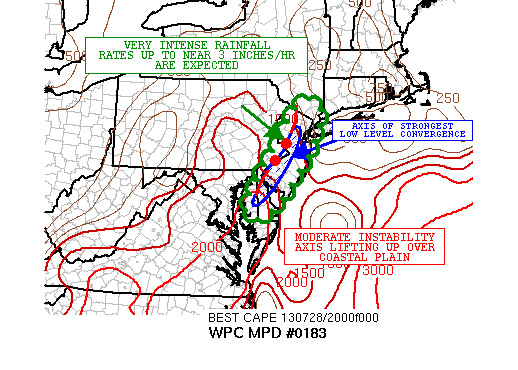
AREAS AFFECTED...EXTREME EASTERN MD...EXTREME SOUTHEASTERN
PA...DE...NJ...SOUTHEAST NY

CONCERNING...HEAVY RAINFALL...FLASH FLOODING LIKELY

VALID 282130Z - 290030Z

SUMMARY...SLOW-MOVING LINEAR CONVECTIVE BAND WITH EMBEDDED
BACK-BUILDING CELLS WILL LIKELY CONTINUE THE NEXT COUPLE OF HOURS.
INTENSE RAINFALL RATES WILL BE CONDUCIVE FOR SHORT-TERM FLASH
FLOODING.

DISCUSSION...LATEST SAT/RADAR IMAGERY SHOWS A SSW/NNE ORIENTED
BAND OF CONVECTION SITUATED FROM NRN DE AND THE ADJACENT DELAWARE
RIVER UP ACROSS NRN NJ AND ENCROACHING ON FAR SERN NY. CLOUD TOP
TEMPS WITH ESP THE NRN PORTION OF THIS BAND HAVE BEEN GRADUALLY
COOLING...AND THERE IS A RATHER WELL-DEFINED OVERSHOOTING TOP WEST
OF SOMERSET NJ OF NOTE OVER THE LAST 30 MINUTES. MUCH OF THIS
APPEARS TO BE IN RESPONSE TO LARGER SCALE HEIGHT FALLS APPROACHING
FROM THE OH VLY AND INTERACTING WITH A FAIRLY WELL-DEFINED LOW
LEVEL CONVERGENCE ZONE OVER MUCH OF WRN NJ AND EXTENDING SOUTH
DOWN INTO NRN DE AND EVEN FAR ERN MD. ADDITIONALLY...THE LATEST
RAP ANALYSIS SHOWS A MODERATELY STRONG INSTABILITY AXIS INVOF THE
AXIS OF STRONGEST LOW LEVEL CONVERGENCE...WITH SBCAPE VALUES CLOSE
TO 2000 J/KG LOCALLY.

FARTHER SOUTH...CONVECTION CONTINUES TO RELOAD AND BACKBUILD OVER
SRN NJ...AREAS ADJACENT TO THE DELAWARE RIVER AND INTO NRN
DE...WHERE LATEST VIS ACTUALLY DEPICTS THE SRN TAIL OF THE
AFOREMENTIONED CONVERGENCE ZONE. CLOUD STREETS INDICATIVE OF AN
UNSTABLE BOUNDARY LYR ARE SEEN ADVANCING INTO THIS REGION.

IT SHOULD BE NOTED THAT WV IMAGERY SUGGEST A WEAK SHORTWAVE
IMPULSE APPROACHING THE SRN PORTION OF THIS CONVECTIVE BAND AND
THIS WILL LIKELY FOSTER ADDITIONAL BACK-BUILDING AND TRAINING OF
CONVECTION OVER AREAS OF ESP NRN DE AND INTO SRN AND CNTRL NJ
GIVEN THE UNSTABLE ENVIRONMENT. RAINFALL RATES ALREADY OF 2.5 TO 3
INCHES/HR HAVE BEEN NOTED...AND REGIONAL RAINFALL TOTALS IN EXCESS
OF 5 INCHES ARE EXPECTED FOR THE EVENT. GIVEN THE SLOW-MOVING
CONVECTIVE BAND AND BACK-BUILDING OF CELLS AND TRAINING
THREAT...THERE IS A SERIOUS RISK OF FLASH FLOODING THE NEXT FEW
HOURS.